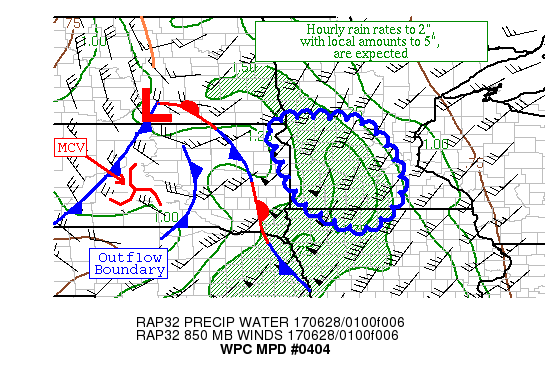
AREAS AFFECTED...SOUTHWEST MN & VICINITY

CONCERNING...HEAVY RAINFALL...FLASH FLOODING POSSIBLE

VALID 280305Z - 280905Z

SUMMARY...THUNDERSTORMS ARE EXPECTED TO DEVELOP AND EXPAND IN
COVERAGE BETWEEN 04Z AND 07Z.  HOURLY RAIN RATES TO 2", WITH LOCAL
AMOUNTS TO 5", ARE EXPECTED.

DISCUSSION...A STRENGTHENING AREA OF LOW PRESSURE IS JUST EAST OF
BISMARCK ND AT THIS TIME.  TO ITS SOUTHEAST, A STATIONARY FRONT IS
SEEN IN SURFACE OBSERVATIONS WHICH APPEARS TO BE CONFIRMED IN THE
MVX RADAR ECHOES TO THEIR WEST.  PRECIPITABLE WATER VALUES OF
0.9-1.3" EXIST HERE PER GPS VALUES.  INFLOW AT 850 HPA IS 35-45
KTS OUT OF THE SOUTH-SOUTHWEST -- 10-15 KTS BEYOND THE MAGNITUDE
OF THE MEAN 850-400 HPA WIND -- WHICH IS CAUSING MUCAPE VALUES TO
RISE NEAR AND EAST OF THE FRONT.  THE UPWIND MUCAPE VALUES ARE IN
THE 500-2000 J/KG RANGE.  EFFECTIVE BULK SHEAR OF 30-50 KTS EXISTS
NEARBY, WHICH IS SHIFTING EASTWARD WITH THE CYCLONE.  DIVERGENCE
ALOFT IS SIGNIFICANT TO THE SOUTHEAST OF AN UPPER LOW IN WESTERN
CANADA, AND AN MCV MOVING INTO THE REGION FROM CENTRAL SD MAY ALSO
AID UPPER DIVERGENCE/INCREASING VORTICITY ADVECTION WITH HEIGHT.

AS INSTABILITY INCREASES AND THE FRONT EDGES EASTWARD, BOUNDARY
LAYER MOISTURE CONVERGENCE IS FORECAST TO INCREASE ACROSS
SOUTHWEST MN AND THE EAST-CENTRAL DAKOTAS WITH TIME, WHICH SHOULD
ACT THE FOCUS FOR THE CONVECTION.  A FEW SHOWERS ACROSS NORTHWEST
IA MAY BE THE BEGINNINGS OF THE EXPECTED ACTIVITY, WHICH SHOULD
BUILD NORTHWESTWARD UP THE BOUNDARY AS MOISTURE VALUES INCREASE TO
1.5-1.75".  BY 06Z, THE INFLOW AT 850 HPA IS EXPECTED TO BE DOUBLE
THE MEAN WIND, WHICH IS A TIME WHEN DEVELOPING CONVECTION SHOULD
EXHIBIT BACKBUILDING CHARACTER.  THE MEAN FLOW ACCELERATES TO THE
VALUES OF THE LOW-LEVEL INFLOW BY 09Z, WHICH SHOULD CAUSE ANY
BACKBUILDING CONVECTION TO CEASE BY THEN.

THE MESOSCALE GUIDANCE WHICH GOT THE RADAR DEPICTION MOST CORRECT
AT 02Z WERE THE 00Z HRRR AND 18Z NAM CONEST.  THEY SHOW OUTFLOW
BOUNDARIES FROM THE CONVECTION IN THE DAKOTAS SHIFTING EASTWARD
WHICH MAY HELP INITIATE CONVECTION NEAR THE BOUNDARY.  SHOULD ANY
CONVECTION ATTEMPT TO FORWARD PROPAGATE, IT WOULD TO THE SOUTHEAST
AT ~ 20-25 KTS, WHICH CONSIDERING THE BREADTH OF THE INFLOW OVER
THE FRONT COULD LEAD TO SHORT PERIODS OF TRAINING.  THE 18Z SSEO
NEIGHBORHOOD PROBABILITIES OF EXCEEDING THE THREE HOUR FLASH FLOOD
GUIDANCE MAXIMIZE BETWEEN 07Z AND 11Z.  THE BETTER PERFORMING
MESOSCALE GUIDANCE SO FAR, ALONG WITH THE 27/00Z WRF NSSL,
INDICATE THAT LOCAL MAXIMA ~5" ARE MOST LIKELY IN SOUTHWEST MN.
WITH THE EXPECTED UPTICK IN MOISTURE, HOURLY RAIN RATES UP TO 2"
ARE POSSIBLE WHERE CELLS ATTEMPT TO TRAIN IN SHORT SEGMENTS,
BACKBUILD, OR WHERE MESOCYCLONES TRY TO FORM GIVEN THE DEGREE OF
EFFECTIVE BULK SHEAR EXPECTED.